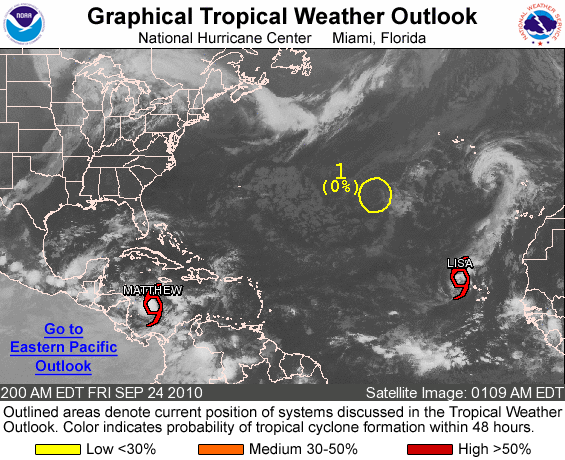
FOR THE NORTH ATLANTIC...CARIBBEAN SEA AND THE GULF OF MEXICO...

THE NATIONAL HURRICANE CENTER IS ISSUING ADVISORIES ON TROPICAL STORM LISA...LOCATED ABOUT 305 MILES WEST-NORTHWEST OF THE CAPE VERDE ISLANDS...AND ON TROPICAL STORM MATTHEW...LOCATED ABOUT 275 MILES EAST OF PUERTO CABEZAS NICARAGUA.

1. THE REMNANT CIRCULATION OF FORMER TROPICAL DEPRESSION JULIA IS LOCATED ABOUT 820 MILES SOUTHWEST OF THE AZORES ISLANDS. SHOWER ACTIVITY REMAINS MINIMAL AND STRONG UPPER-LEVEL WINDS ARE EXPECTED TO PREVENT REDEVELOPMENT. THERE IS A LOW CHANCE...NEAR 0 PERCENT... OF THIS SYSTEM BECOMING A TROPICAL CYCLONE DURING THE NEXT 48 HOURS AS IT MOVES SOUTHWESTWARD AT 10 TO 15 MPH.

ELSEWHERE...TROPICAL CYCLONE FORMATION IS NOT EXPECTED DURING THE NEXT 48 HOURS.

PUBLIC ADVISORIES ON MATTHEW ARE ISSUED UNDER WMO HEADER WTNT35 KNHC AND UNDER AWIPS HEADER MIATCPAT5. FORECAST/ADVISORIES ON MATTHEW ARE ISSUED UNDER WMO HEADER WTNT25 KNHC AND UNDER AWIPS HEADER MIATCMAT5.

FORECASTER BEVEN